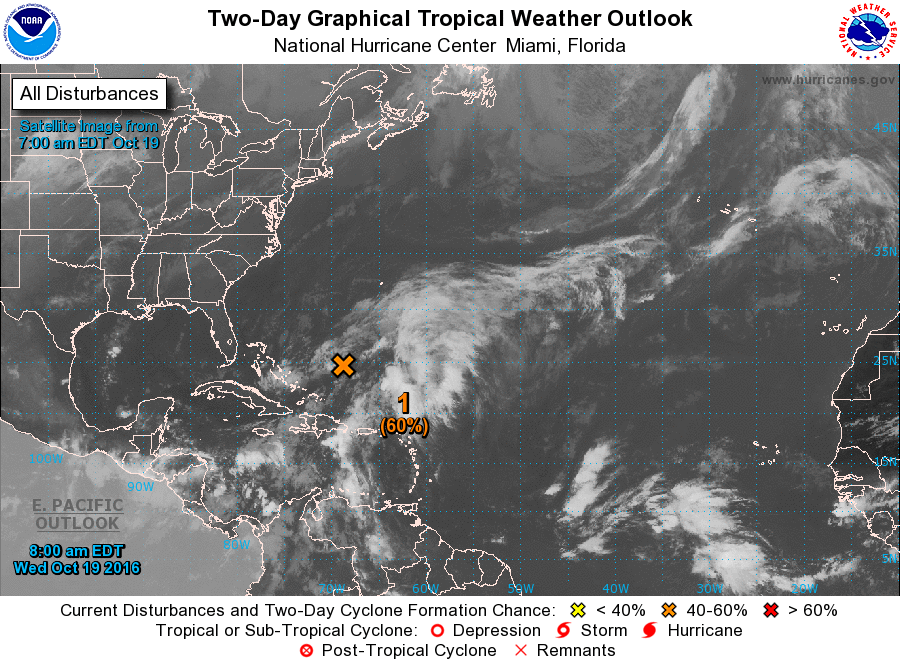
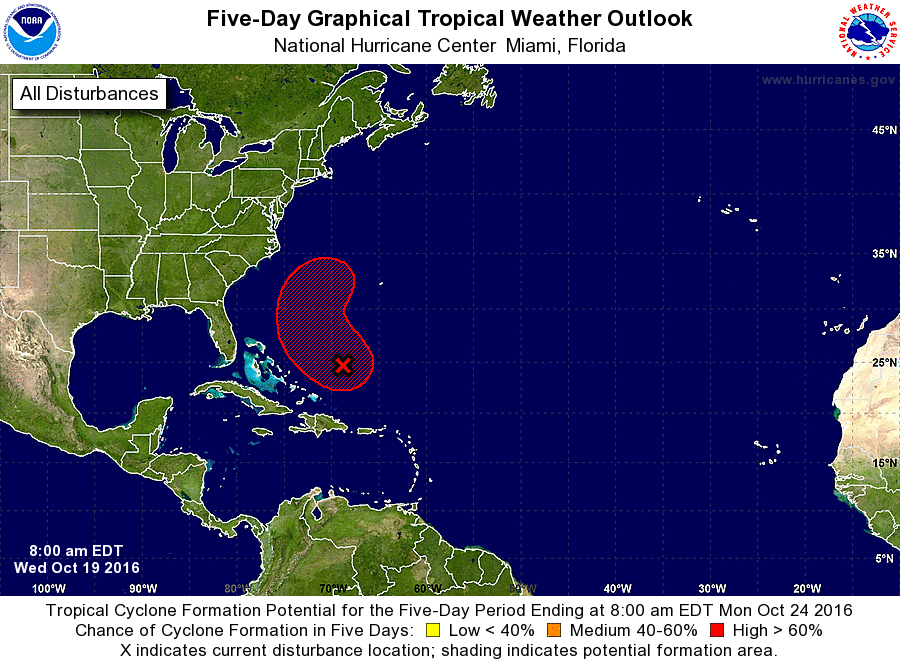
For the North Atlantic...Caribbean Sea and the Gulf of Mexico:

1. A non-tropical low pressure system is located about 250 miles northeast of the Turks and Caicos Islands. Cloudiness and thunderstorms associated with this system are currently located well east of the center due to strong upper-level westerly winds. However, upper-level conditions are forecast to become more conducive for this system to acquire some tropical characteristics, and a subtropical or tropical cyclone is likely to form within the next couple of days. The low is forecast to move northward today and turn north-northwestward on Thursday, before turning north-northeastward and merging with a cold front over the western Atlantic by the weekend. The NOAA Hurricane Hunter aircraft that was scheduled to investigate this system this afternoon has been canceled. Regardless of development, locally heavy rainfall is possible over Hispaniola, Puerto Rico, and portions of the northern Leeward Islands today.
* Formation chance through 48 hours...medium...60 percent
* Formation chance through 5 days...high...80 percent

Forecaster Stewart